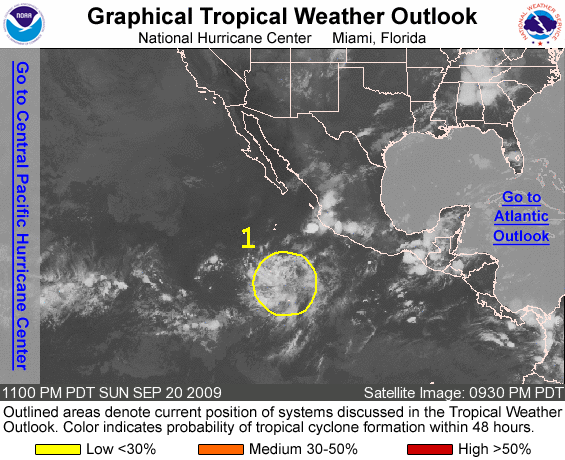
FOR THE EASTERN NORTH PACIFIC...EAST OF 140 DEGREES WEST LONGITUDE..

1. A BROAD LOW PRESSURE AREA LOCATED ABOUT 700 MILES SOUTH OF THE SOUTHERN TIP OF BAJA CALIFORNIA IS PRODUCING DISORGANIZED SHOWERS AND THUNDERSTORMS. CONDITIONS APPEAR FAVORABLE FOR GRADUAL DEVELOPMENT OF THIS SYSTEM OVER THE NEXT COUPLE OF DAYS AS IT MOVES WEST-NORTHWESTWARD AT 10 TO 15 MPH. THERE IS A LOW CHANCE...LESS THAN 30 PERCENT...OF THIS SYSTEM BECOMING A TROPICAL CYCLONE DURING THE NEXT 48 HOURS.

ELSEWHERE...TROPICAL CYCLONE FORMATION IS NOT EXPECTED DURING THE NEXT 48 HOURS.

FORECASTER BROWN